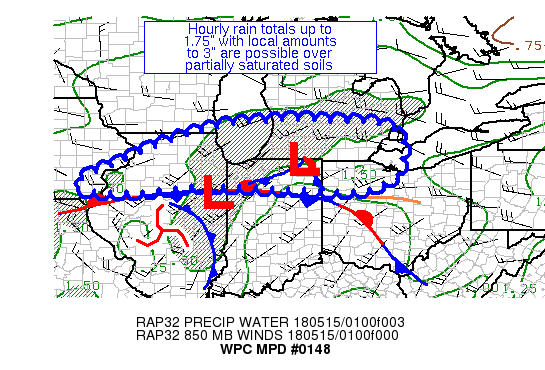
AREAS AFFECTED...NORTHEAST IL AND NEAR THE IN/OH/MI BORDER

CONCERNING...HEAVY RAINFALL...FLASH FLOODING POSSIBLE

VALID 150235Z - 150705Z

SUMMARY...THUNDERSTORMS ARE FORMING OVER AND UPWIND OF AREAS THAT
HAVE SEEN REPEATED INCURSIONS OF RAIN OVER THE PAST FEW DAYS.
HOURLY TOTALS TO 1.75" WITH LOCAL AMOUNTS TO 3" ARE POSSIBLE
THROUGH 07Z.

DISCUSSION...THE COMBINATION OF A SHORTWAVE MOVING ACROSS SOUTHERN
WI AND AN MCV ACROSS CENTRAL IL HAVE LED TO THE RECENT DEVELOPMENT
OF A CONVECTIVE LINE ACROSS NORTHEAST IL WITH A REMAINING COMPLEX
FROM EARLIER CONVECTION MOVING ACROSS NORTHEAST IN.  OTHER SMALL
CONVECTIVE CLUSTERS ARE FORMING BACK ACROSS SOUTHERN IA.  THIS
ACTIVITY IS ELEVATED NORTH OF A STATIONARY BOUNDARY, WITHIN
CONVERGENT FLOW AT 850 HPA SOUTH OF ITS FRONTAL INTERSECTION
ACROSS THE CENTRAL THUMB OF MI.  PRECIPITABLE WATER VALUES OF
1.3-1.6" LIE ACROSS THIS AREA.  MU CAPE VALUES OF 500-1500 J/KG
EXIST HERE.  EFFECTIVE BULK SHEAR OF 30-40 KTS ALONG WITH
UNIDIRECTIONAL FLOW WITH HEIGHT IS HELPING TO ORGANIZE THE
CONVECTION IN IL INTO A BAND.

CONSIDERING RECENT SATELLITE AND RADAR TRENDS, THE MESOSCALE
GUIDANCE APPEARS UNDERDONE ON AMOUNTS, ONLY ADVERTISING TOTALS
MAXIMIZING IN THE 1.5-2" RANGE, THOUGH THERE HAS BEEN A SLIGHT
UPWARD TREND IN THE AVAILABLE 00Z GUIDANCE.  THE AVAILABLE
MOISTURE AND INSTABILITY COULD YIELD HOURLY TOTALS TO 1.75" WHERE
CELLS MERGE AND/OR TRAINING OCCURS.  WITH CELL MOTION REMAINING
30-40 KTS, LIKE PREVIOUS DAYS, A LONG TRAINING BAND MIGHT BE
DIFFICULT TO ACHIEVE.  NEVERTHELESS, SOILS HAVE BEEN PARTIALLY
SATURATED FROM PREVIOUS DAYS OF RAIN.  BELIEVE LOCAL MAXIMA UP TO
3" ARE POSSIBLE HERE.